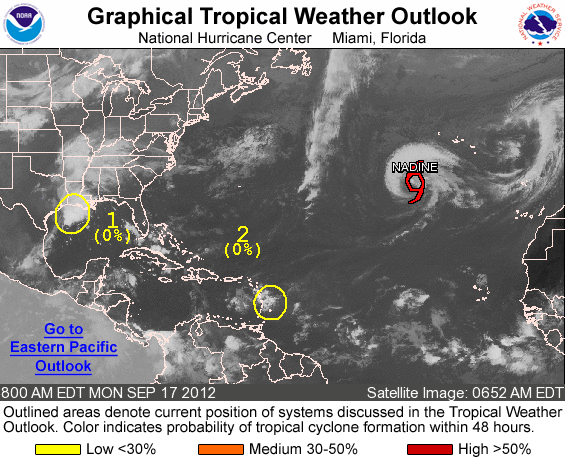
FOR THE NORTH ATLANTIC...CARIBBEAN SEA AND THE GULF OF MEXICO...

THE NATIONAL HURRICANE CENTER IS ISSUING ADVISORIES ON HURRICANE NADINE...LOCATED ABOUT 675 MILES SOUTHWEST OF THE AZORES.

1. A NON-TROPICAL LOW PRESSURE SYSTEM LOCATED ABOUT 150 MILES SOUTHWEST OF MORGAN CITY LOUISIANA IS PRODUCING A LARGE AREA OF SHOWERS AND THUNDERSTORMS OVER THE NORTHWESTERN GULF OF MEXICO AND ACROSS MUCH OF SOUTHERN LOUISIANA. THIS DISTURBANCE IS EXPECTED TO MERGE WITH A COLD FRONT LATER TODAY BEFORE IT REACHES THE COAST OF LOUISIANA BY EARLY TUESDAY MORNING. THIS SYSTEM HAS A LOW CHANCE...NEAR 0 PERCENT...OF BECOMING A SUBTROPICAL CYCLONE AS IT MOVES NORTHEASTWARD AT 15 TO 20 MPH. HOWEVER...THIS DISTURBANCE IS STILL EXPECTED TO PRODUCE PERIODS OF LOCALLY HEAVY RAINFALL ALONG PORTIONS OF THE NORTHERN GULF COAST THROUGH TUESDAY.

2. MINIMAL SHOWER ACTIVITY IS ASSOCIATED WITH A WEAK LOW PRESSURE SYSTEM LOCATED ABOUT 150 MILES EAST OF THE NORTHERN WINDWARD ISLANDS. ENVIRONMENTAL CONDITIONS ARE NOT CONDUCIVE FOR DEVELOPMENT...AND THIS SYSTEM HAS A LOW CHANCE...NEAR 0 PERCENT... OF BECOMING A TROPICAL CYCLONE DURING THE NEXT 48 HOURS AS IT MOVES WESTWARD AT AROUND 15 MPH.

ELSEWHERE...TROPICAL CYCLONE FORMATION IS NOT EXPECTED DURING THE NEXT 48 HOURS.

FORECASTER STEWART